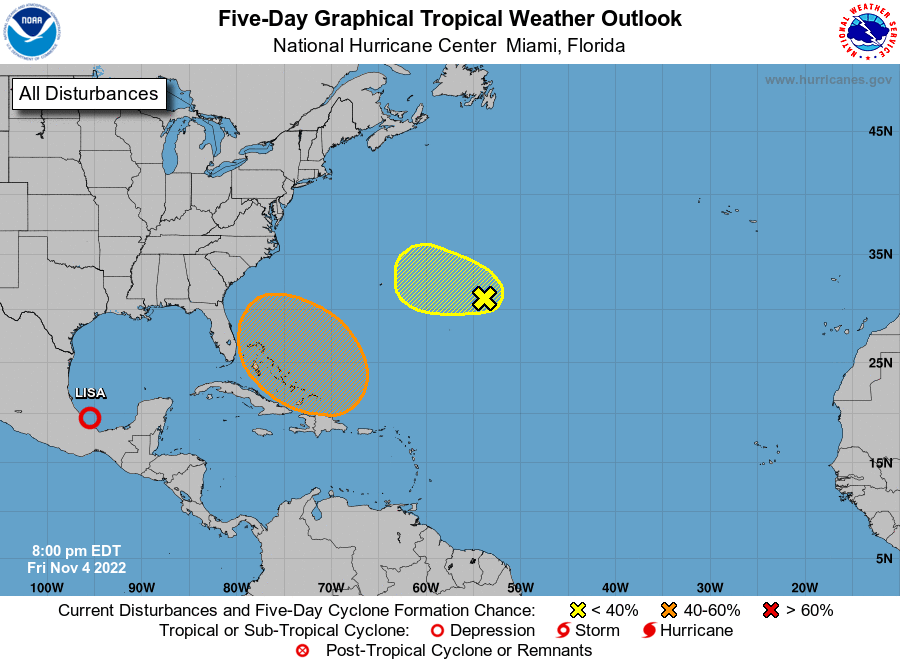
For the North Atlantic...Caribbean Sea and the Gulf of Mexico:

Active Systems: The National Hurricane Center is issuing advisories on Tropical Depression Lisa, located over the southwestern Gulf of Mexico.

1. Central Subtropical Atlantic: A broad area of showers and a few thunderstorms located several hundred miles east of Bermuda is associated with an elongated, non-tropical area of low pressure. Any tropical or subtropical development of this disturbance should be slow to occur during the next day or so while it moves westward to west-northwestward. The system is forecast to encounter stronger upper-level winds on Saturday and Saturday night, and further development is not anticipated beyond that time.
* Formation chance through 48 hours...low...10 percent.
* Formation chance through 5 days...low...10 percent.

2. Southwestern Atlantic: A large non-tropical low pressure system is expected to develop across the northeastern Caribbean Sea and southwestern Atlantic by the latter part of the weekend. The system is initially expected to be very broad and disorganized. However, it could begin to acquire subtropical or tropical characteristics during the early part of next week, and a subtropical or tropical depression could form during the early to middle portion of next week while the system moves generally westward to west-northwestward over the southwestern Atlantic. Regardless of development, there is an increasing risk of coastal flooding, gale-force winds, heavy rainfall, rough surf, and beach erosion along much of the southeastern United States coast, the Florida east coast, and portions of the central and northwestern Bahamas during the early to middle part of next week.
* Formation chance through 48 hours...low...near 0 percent.
* Formation chance through 5 days...medium...50 percent.

Forecaster Reinhart